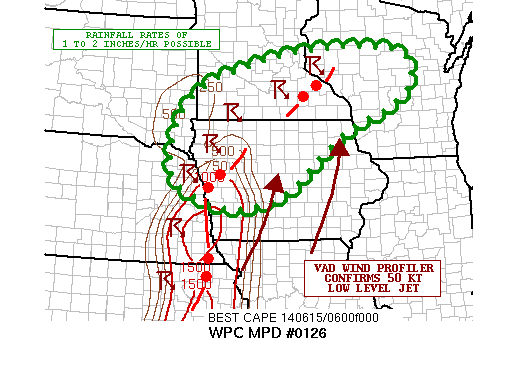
AREAS AFFECTED...NORTHEAST NE...EXTREME SOUTHEAST
SD...CENTRAL/NORTHERN IA...SOUTHERN MN...WESTERN WI

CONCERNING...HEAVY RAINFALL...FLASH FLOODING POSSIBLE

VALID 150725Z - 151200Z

SUMMARY...ADDITIONAL HEAVY RAINS FROM SLOW-MOVING SHOWERS AND
THUNDERSTORMS WILL CONTINUE THROUGH THE EARLY MORNING HOURS. A
GRADUAL DECREASE IN INTENSITY IS EXPECTED. HOWEVER...ADDITIONAL
FLASH FLOODING IS POSSIBLE WHERE EARLIER HEAVY RAINS OCCURRED.

DISCUSSION...THE LATEST SAT AND RADAR IMAGERY SHOWS A WELL-DEFINED
QLCS EXTENDING ALL THE WAY FROM FAR SRN KS NEWD INTO NWRN IA...AND
THEN NEWD IN A WEAKER AND ELEVATED FASHION OVER SERN MN AND PARTS
OF WRN WI.

LOW PRESSURE LIFTING NEWD ACROSS THE REGION ALONG A FRONTAL ZONE
WILL CONTINUE TO SUSTAIN THE LARGER SCALE WARM ADV PATTERN...AND
THE LATEST VAD WIND PROFILER DATA CONFIRMS THE PRESENCE OF A 50 KT
S/SWLY LOW LVL JET AHEAD OF THE QLCS. THIS IS HELPING TO TRANSPORT
MOIST AND MODERATELY UNSTABLE AIR NNEWD UP THROUGH ERN KS/ERN NEB
AND WRN IA. ALL OF THIS IS OUT AHEAD OF A STRONG MID LVL TROUGH
EJECTING THROUGH THE CNTRL PLAINS NOW WHICH WILL LIFT NEWD IN A
NEG-TILTED FASHION THIS MORNING TWD THE UPR MIDWEST.

A COMBINATION OF MODERATELY STRONG THERMODYNAMICS AND DEEPER LAYER
ASCENT ASSOCD WITH THE NEG-TILTING TROUGH SHOULD TEND TO MAINTAIN
THE QLCS THROUGH SUNRISE. ONE FACTOR THOUGH THAT SHOULD TEND TO
FOSTER SOME GRADUAL WEAKENING OF THE CONVECTION WILL BE THE
INCREASE IN LOW LEVEL CINH...BUT THE STRONG MID/UPR LVL DYNAMICS
SHOULD SUPPORT ENOUGH FORCED ASCENT FOR THE CURRENT CONVECTION TO
PERSIST SEVERAL MORE HOURS.

RAINFALL RATES OF 1 TO 2 INCHES/HR COUPLED WITH THE REPEATING
NATURE/PERSISTENCE OF SOME OF THE ACTIVITY WILL MAINTAIN THE FLASH
FLOOD THREAT THROUGH THE EARLY MORNING HOURS...AND ESP WITH
LOCALLY SATURATED GROUND.